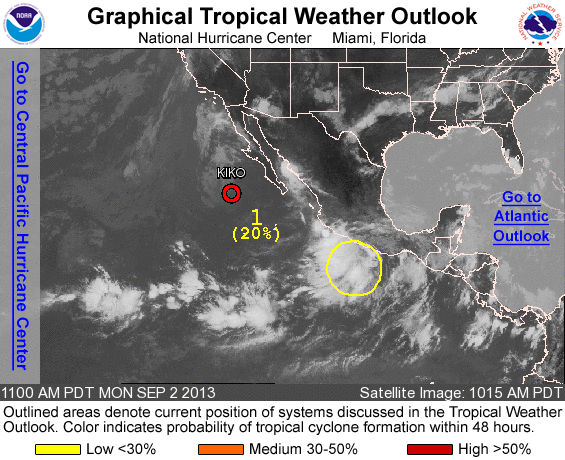
FOR THE EASTERN NORTH PACIFIC...EAST OF 140 DEGREES WEST LONGITUDE..

THE NATIONAL HURRICANE CENTER IS ISSUING ADVISORIES ON TROPICAL DEPRESSION KIKO...LOCATED SEVERAL HUNDRED MILES WEST OF THE SOUTHERN TIP OF THE BAJA CALIFORNIA PENINSULA.

1. WIDESPREAD CLOUDINESS AND THUNDERSTORMS EXTENDING FROM THE SOUTHWESTERN COAST OF MEXICO SOUTHWARD FOR SEVERAL HUNDRED MILES IS ASSOCIATED WITH A TROPICAL WAVE. SATELLITE PICTURES INDICATE THAT A BROAD AREA OF LOW PRESSURE HAS FORMED ALONG THE WAVE A COUPLE OF HUNDRED MILES SOUTH OF ACAPULCO MEXICO AND IS GRADUALLY BECOMING BETTER DEFINED. ENVIRONMENTAL CONDITIONS ARE EXPECTED TO BE CONDUCIVE FOR CONTINUED GRADUAL DEVELOPMENT OF THE LOW...AND A TROPICAL DEPRESSION COULD FORM IN 2 TO 3 DAYS. THIS SYSTEM HAS A LOW CHANCE...20 PERCENT...OF BECOMING A TROPICAL CYCLONE DURING THE NEXT 48 HOURS...BUT A HIGH CHANCE...80 PERCENT...OF BECOMING A TROPICAL CYCLONE DURING THE NEXT 5 DAYS WHILE IT MOVES WEST- NORTHWESTWARD TO NORTHWESTWARD AT AROUND 10 MPH.

FIVE-DAY FORMATION PROBABILITIES ARE EXPERIMENTAL IN 2013. COMMENTS ON THE EXPERIMENTAL FORECASTS CAN BE PROVIDED AT... HTTP://WWW.NWS.NOAA.GOV/SURVEY/NWS-SURVEY.PHP?CODE=ETWO

FORECASTER KIMBERLAIN